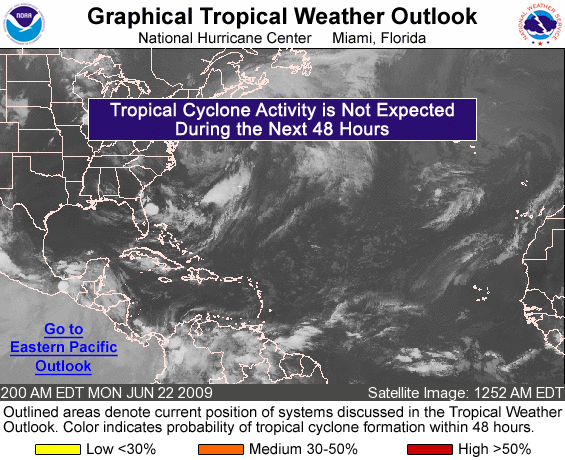
FOR THE NORTH ATLANTIC...CARIBBEAN SEA AND THE GULF OF MEXICO...

TROPICAL CYCLONE FORMATION IS NOT EXPECTED DURING THE NEXT 48 HOURS.

FORECASTER PASCH